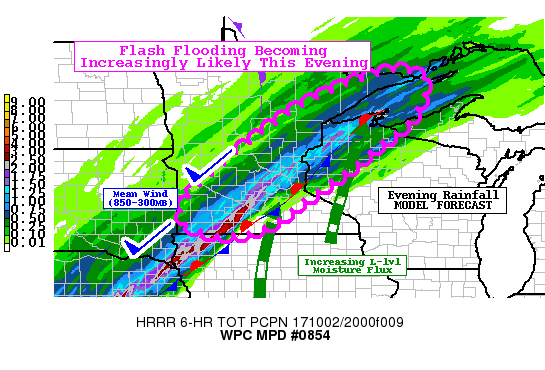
AREAS AFFECTED...SRN AND ERN MINNESOTA...NW WISCONSIN

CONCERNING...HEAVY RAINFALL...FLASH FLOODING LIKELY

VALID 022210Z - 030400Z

SUMMARY...FLASH FLOODING WILL BECOME INCREASINGLY LIKELY THIS
EVENING AS STORMS CONTINUE TO TRAIN OVER THE SAME AREAS IN
SOUTHERN AND EASTERN MINNESOTA...AND FAR NORTHWEST WISCONSIN.

DISCUSSION...SHOWERS AND THUNDERSTORMS HAVE ALREADY BEEN
DEVELOPING OVER THE PAST SEVERAL HOURS ACROSS PORTIONS OF
MINNESOTA...GENERALLY TO THE NORTHWEST OF A STRENGTHENING
STATIONARY FRONT. CONVECTION HAS GENERALLY BEEN LOOSELY ORGANIZED
WITH A BROAD FRONTAL ZONE STILL TAKING SHAPE. MODEL FORECASTS SHOW
THE FRONT BECOMING MUCH MORE SHARPLY DEFINED AROUND 00Z WITH AN
INCREASING FRONTOGENETIC CIRCULATION. THIS IS LIKELY DUE TO THE
EXPECTED INCREASE IN THE SOUTHERLY LLJ FEEDING INTO THE OUTLINED
AREA...AS WELL AS A RESPONSE TO A STRONG LOBE OF +PV EJECTING OUT
OF COLORADO INTO THE PLAINS THIS EVENING. ALL THINGS
CONSIDERED...THE LARGE SCALE FORCING WILL BE RAMPING UP
CONSIDERABLY IN THE NEXT FEW HOURS.

HI-RES MODEL FORECASTS ARE UNANIMOUS IN SHOWING A PROMINENT
CONVECTIVE BAND DEVELOPING BY 03-04Z IN RESPONSE TO THE INCREASED
AND MORE FOCUSED FORCING...AND STRETCHING FROM SOUTHWEST MINNESOTA
NEWD TOWARD THE TWIN CITIES AND TWIN PORTS. THIS CONVECTIVE BAND
IS EXPECTED TO BE ROUGHLY ALIGNED WITH THE MEAN FLOW VECTORS
(WITHIN 10 DEGREES OR SO)...WHICH SHOULD LEAD TO EXTENDED PERIODS
OF TRAINING ECHOES IN SOME LOCATIONS. THE STRUCTURE OF THE FORCING
RELATIVE TO THE MEAN FLOW WOULD SUPPORT A FLASH FLOOD THREAT IN
GENERAL...HOWEVER THE ATMOSPHERIC MOISTURE CONTENT AND LOW-LEVEL
MOISTURE FLUX WILL BE ANOMALOUSLY HIGH AS WELL. FOR A THREE WEEK
PERIOD CENTERED ON TODAY...MODEL FORECAST PWATS AND INTEGRATED
VAPOR TRANSPORT RISE TO THE 99TH PERCENTILE IN THE 00-06Z TIME
FRAME ACROSS THE OUTLINED DISCUSSION PERIOD.

CONSIDERING THESE FACTORS...FLASH FLOODING APPEARS LIKELY ACROSS
PORTIONS OF MINNESOTA AND NORTHWEST WISCONSIN. HI-RES MODELS
INDICATE HOURLY RAIN RATES PEAKING UP TO 2 IN/HR AND GIVEN THE
ENVIRONMENT...THAT SEEMS REASONABLE. THE MOST IMMEDIATE CONCERN
MAY BE FROM NEAR WORTHINGTON MN...TO NEAR NEW ULM MN...TO THE
NORTHWEST SIDE OF THE TWIN CITIES METRO AREA...WHICH HAS RECEIVED
THE HEAVIEST RAINFALL THUS FAR FROM THE INITIAL BURST OF
CONVECTION. HOWEVER...THE THREAT OF FLASH FLOODING SHOULD EXPAND
TO A LARGER AREA AS SPATIAL COVERAGE OF CONVECTION INCREASES AND
BECOMES MORE CONTINUOUS.